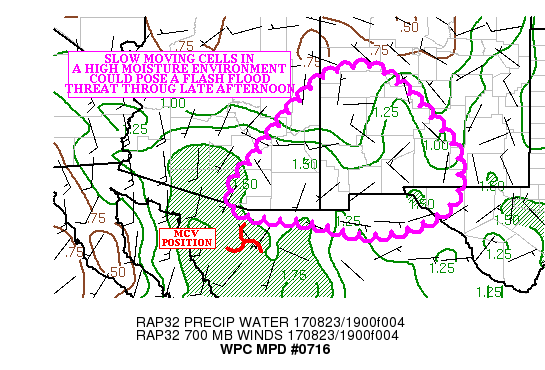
AREAS AFFECTED...EASTERN AZ...WESTERN NM...FAR WEST TX

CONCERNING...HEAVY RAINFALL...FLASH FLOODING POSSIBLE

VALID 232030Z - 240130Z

SUMMARY...SLOW MOVING CONVECTION DEVELOPING IN A HIGH MOISTURE
ENVIRONMENT COULD RESULT IN A FLASH FLOOD THREAT THROUGH LATE
AFTERNOON.

DISCUSSION...REGIONAL RADARS ACROSS EASTERN AZ AND WESTERN NM HAVE
SHOWN AN UPTICK IN CONVECTIVE COVERAGE EARLY THIS AFTERNOON. THE
CONVECTION IS FORMING IN AN AREA OF 500-1000 J/KG MLCAPE (AS THE
CIN CONTINUES TO ERODE). THE MOST RECENT RAP ANALYSIS SHOWED
1.25/1.50 INCH PRECIPITABLE WATER AIR OVER EASTERN NM/WESTERN
NM...WITH HIGHER AMOUNTS OVER SOUTHEAST AZ (CLOSER TO THE MODIFIED
MONSOONAL FLOW).

THE KEMX RADAR SHOWED HOURLY RAINFALL RATES NEAR 2.00 INCHES OVER
SOUTHWEST COCHISE COUNTY IN SOUTHEAST AZ. HOWEVER...THIS COULD BE
HAIL CONTAMINATED...AS MODEL SOUNDINGS SHOWED SOME DRY AIR IN THE
MID LEVELS...AND THE KEMX HCA PRODUCT INDICATED THE PRESENCE OF
HAIL.

THE CONVECTION IS FORMING NEAR THE AXIS OF THE MID LEVEL RIDGE
OVER EASTERN AZ/WESTERN NM...AND BECAUSE OF THIS...THE CONVECTION
FORMING OVER THE HIGHER TERRAIN HAS BEEN MOVING SLOWLY. AS AN MCV
OVER NORTHERN MEXICO TRACKS NORTH INTO SOUTHEAST AZ...THE FORCING
COULD ALLOW THE CONVECTION TO BECOME MORE WIDESPREAD. AHEAD OF THE
MCV...A LOW LEVEL 15 TO 20 KNOT SOUTHEAST INFLOW SHOULD CONTINUE
TO SUPPLY DEEP MOISTURE TO THE DEVELOPING CONVECTION.

THE MOST RECENT HRRR SHOWED LOCAL 1.50 TO 2.50 INCH RAINFALL
AMOUNTS OVER PORTIONS OF SOUTHEAST AZ INTO FAR WESTERN TX AND
SOUTH CENTRAL NM THROUGH 0130Z. THE COVERAGE SHOULD BE SUFFICIENT
TO INCREASE THE FLASH FLOOD THREAT...EVEN AS CELL MOTIONS
INCREASE.